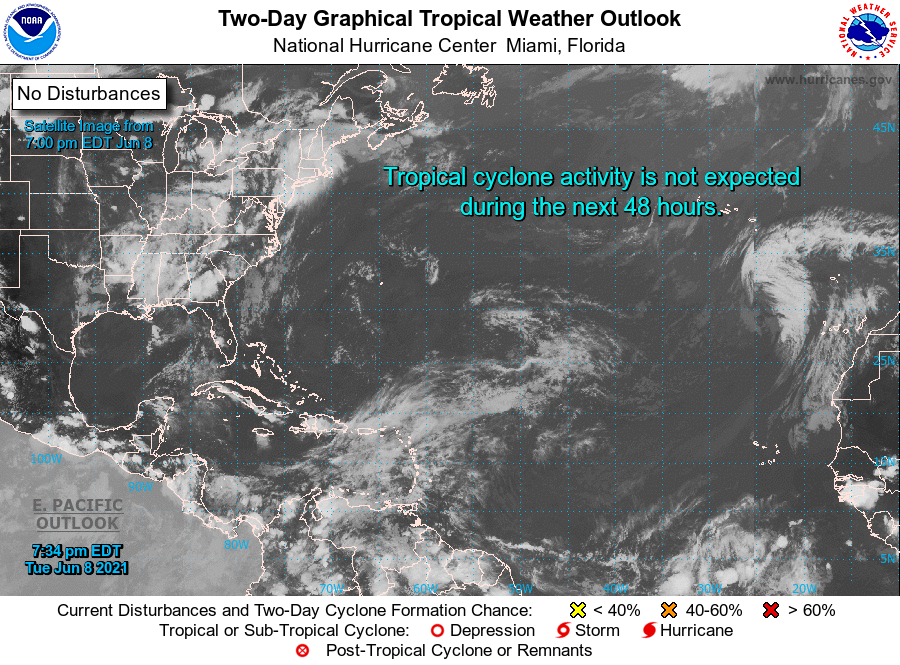
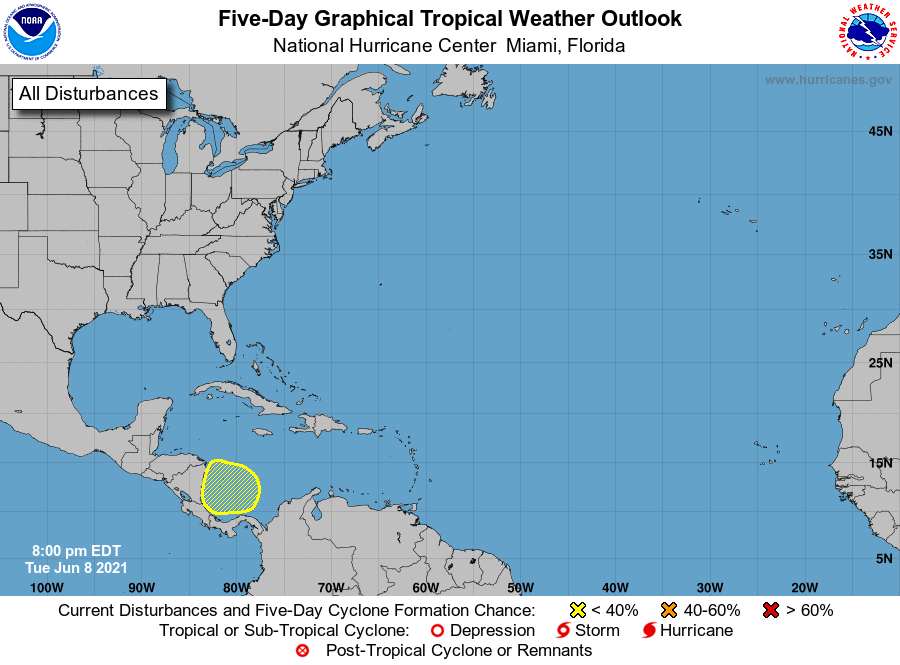
For the North Atlantic...Caribbean Sea and the Gulf of Mexico:

1. A broad trough of low pressure is expected to develop over the southwestern Caribbean Sea during the next couple of days. Some gradual development will be possible thereafter while the system moves slowly northwestward toward Central America. Regardless of development, this system could produce heavy rainfall across northern Colombia and portions of Central America from Honduras southward later this week and into the weekend. See products from your local meteorological service for more information.
* Formation chance through 48 hours...low...near 0 percent.
* Formation chance through 5 days...low...20 percent.

Forecaster Papin/Stewart